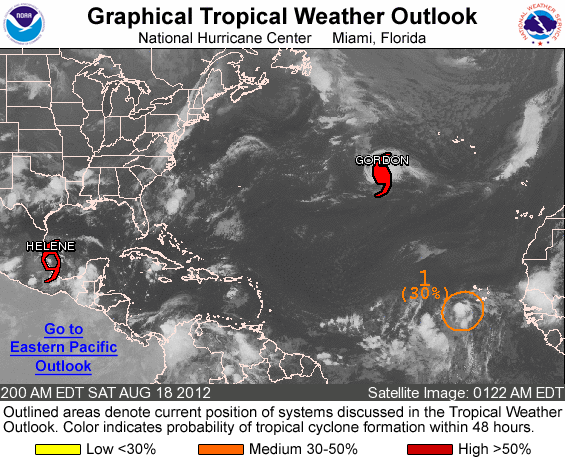
FOR THE NORTH ATLANTIC...CARIBBEAN SEA AND THE GULF OF MEXICO...

THE NATIONAL HURRICANE CENTER IS ISSUING ADVISORIES ON TROPICAL STORM GORDON...LOCATED OVER THE CENTRAL ATLANTIC OCEAN SEVERAL HUNDRED MILES WEST OF THE AZORES...AND ON TROPICAL STORM HELENE LOCATED IN THE SOUTHWESTERN GULF OF MEXICO.

1. SHOWERS AND THUNDERSTORMS HAVE BECOME MORE CONCENTRATED IN ASSOCIATION WITH A TROPICAL WAVE LOCATED A COUPLE OF HUNDRED MILES SOUTHWEST OF THE CAPE VERDE ISLANDS. SLOW DEVELOPMENT OF THIS WAVE IS POSSIBLE DURING THE NEXT FEW DAYS AS IT MOVES TOWARD THE WEST AT 15 TO 20 MPH. THIS SYSTEM HAS A MEDIUM CHANCE...30 PERCENT...OF BECOMING A TROPICAL CYCLONE DURING THE NEXT 48 HOURS.

ELSEWHERE...TROPICAL CYCLONE FORMATION IS NOT EXPECTED DURING THE NEXT 48 HOURS.

&&
PUBLIC ADVISORIES ON TROPICAL STORM HELENE ARE ISSUED UNDER WMO HEADER WTNT32 KNHC AND UNDER AWIPS HEADER MIATCPAT2. FORECAST/ADVISORIES ARE ISSUED UNDER WMO HEADER WTNT22 KNHC AND UNDER AWIPS HEADER MIATCMAT2.

FORECASTER CANGIALOSI